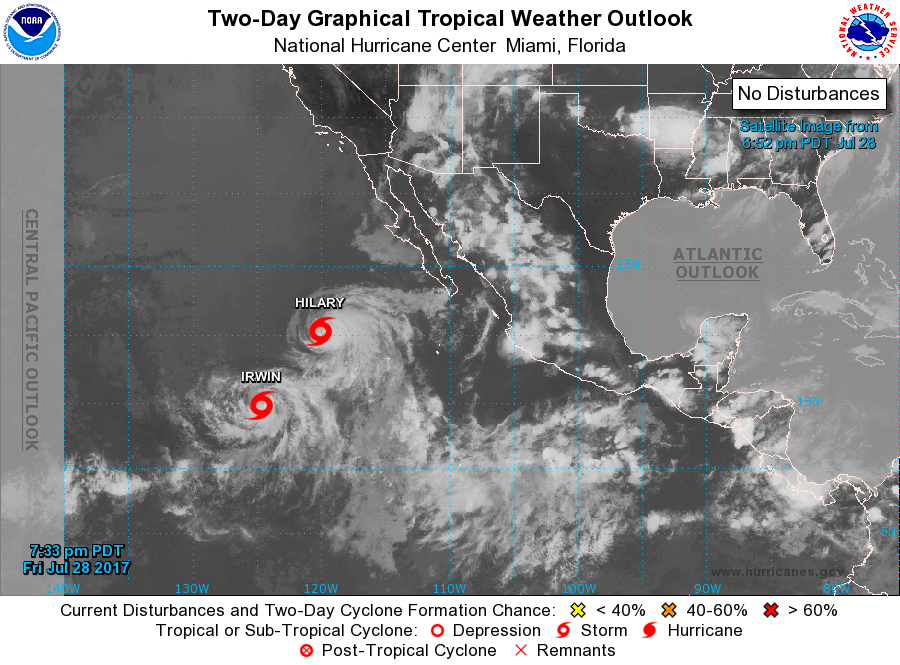
For the eastern North Pacific...east of 140 degrees west longitude:

The National Hurricane Center is issuing advisories on Tropical Storms Hilary and Irwin, both located well to the west-southwest of the southern tip of the Baja California peninsula.

1. An area of low pressure is expected to form by the middle of next week several hundred miles south of the southern coast of Mexico. Conditions appear favorable for some development of this system while it moves westward to west-northwestward at around 15 mph.
* Formation chance through 48 hours...low...near 0 percent.
* Formation chance through 5 days...low...20 percent.

Forecaster Berg